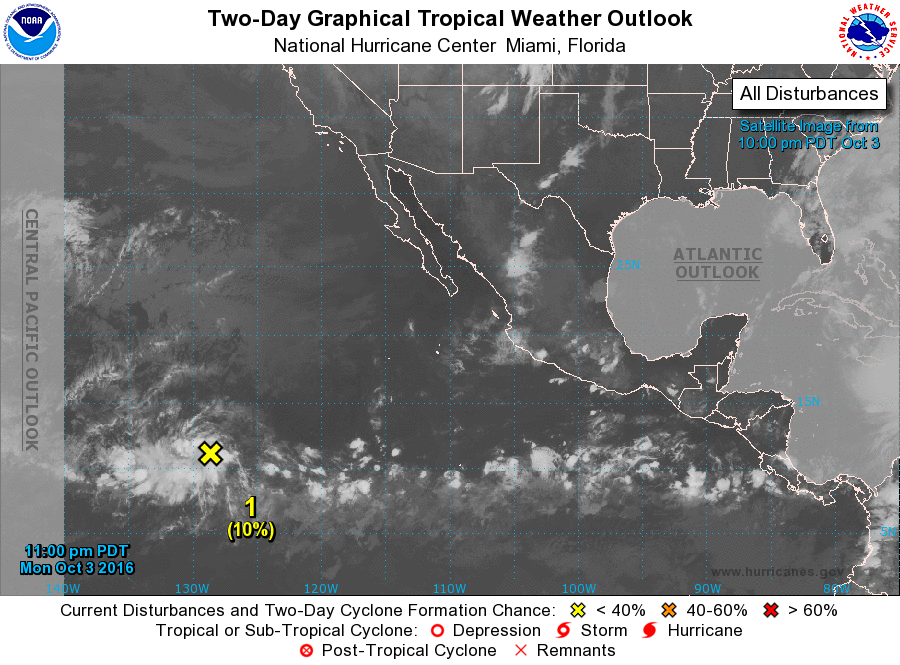
For the eastern North Pacific...east of 140 degrees west longitude:

1. An area of disturbed weather is located about 1500 miles southwest of the southern tip of the Baja California peninsula. Some slow development of this system is possible later this week while it moves generally westward near 10 mph.
* Formation chance through 48 hours...low...10 percent
* Formation chance through 5 days...low...30 percent

Forecaster Cangialosi